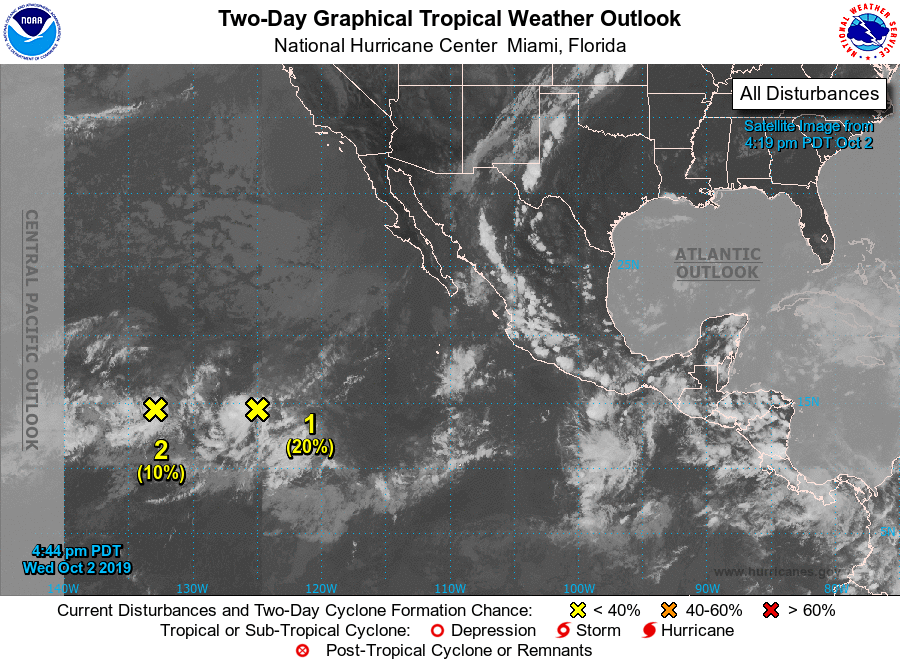
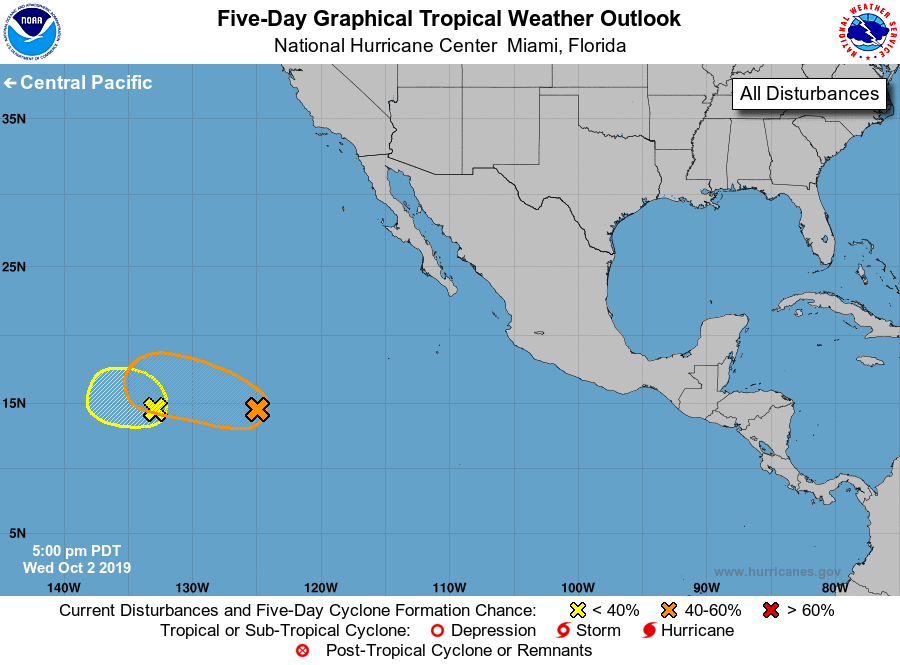
For the eastern North Pacific...east of 140 degrees west longitude:

1. A well-defined low pressure system, located a little more than 1000 miles southwest of the southern tip of the Baja California peninsula, is producing several small bands of showers and thunderstorms. Gradual development of this disturbance is possible, and a tropical depression could form during the next several days while the system moves slowly westward.
* Formation chance through 48 hours...low...20 percent.
* Formation chance through 5 days...medium...40 percent.

2. A small area of low pressure, located about 1500 miles west-southwest of the southern tip of the Baja California peninsula, is producing disorganized showers. Development of this system, if any, should be slow to occur during the next day or two while the low drifts generally westward and interacts with the larger disturbance located to the east.
* Formation chance through 48 hours...low...10 percent.
* Formation chance through 5 days...low...10 percent.

Forecaster Stewart